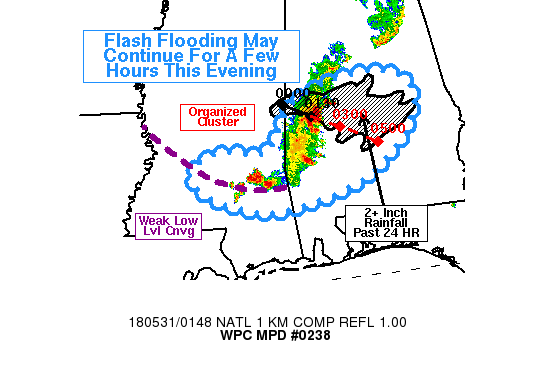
AREAS AFFECTED...SOUTH-CENTRAL ALABAMA...SOUTH-CENTRAL MISSISSIPPI

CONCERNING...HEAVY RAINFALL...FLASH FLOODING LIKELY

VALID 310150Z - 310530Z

SUMMARY...SLOW-MOVING THUNDERSTORMS SHOULD PERSIST FOR AT LEAST A
COUPLE MORE HOURS THIS EVENING AND POSE A THREAT FOR FLASH
FLOODING. RAIN RATES APPROACHING 2 IN/HR AND THE POTENTIAL FOR
HEAVY RAIN DURATION OVER AN HOUR WOULD BE CAPABLE OF PRODUCING
FLASH FLOODING...PARTICULARLY IN AREAS THAT RECENTLY RECEIVED
HEAVY RAINFALL LAST NIGHT.

DISCUSSION...REGIONAL RADAR SHOWED SEVERAL ACTIVE CONVECTIVE
CLUSTERS AS OF 0130Z. ONE WAS A PERSISTENT LARGE CLUSTER JUST
NORTH OF KDYA IN WC AL...AND ANOTHER WAS A DEVELOPING CLUSTER OVER
SC MS JUST TO THE NORTH OF HATTIESBURG. RECENT TRENDS IN GOES-EAST
IR CLOUD TOP TEMPERATURES AND TOTAL LIGHTNING DO NOT SHOW RAPID
WEAKENING DESPITE THE LOSS OF DAYLIGHT...BUT A GENERAL WEAKENING
AND CONTRACTION OF CONVECTIVE COVERAGE IS EXPECTED AS THE BOUNDARY
LAYER BEGINS TO STABILIZE. HOWEVER...UNTIL THAT HAPPENS...THERE
WILL BE A THREAT OF FLASH FLOODING GIVEN RADAR ESTIMATED RAIN
RATES ALREADY ON THE ORDER OF 2 IN/HR AT TIMES.

THE CLUSTER OF STORMS JUST NORTH OF KDYA IS PROPAGATING ALONG THE
EDGE OF AN AREA THAT RECEIVED VERY HEAVY RAINFALL (2+ INCHES) IN
THE PAST 24 HOURS WITH SUBSTANTIALLY REDUCED FLASH-FLOOD GUIDANCE.
AS LONG AS THIS CLUSTER PERSISTS AND REMAINS RELATIVELY WIDE
(ABOUT 15 NM ALONG-TRACK AT THE MOMENT)...IT WOULD POSE THE THREAT
FOR AROUND AN HOUR OR MORE OF HEAVY RAINFALL AND FLASH FLOODING
GIVEN THE VERY WET ANTECEDENT CONDITIONS FROM AROUND 15 MILES
NORTH OF DEMOPOLIS AL TO NEAR MONTGOMERY AL.

THE CONVECTION IN SC MS IS SHOWING A PROPENSITY TO BACKBUILD AND
THUS REMAIN RELATIVELY STATIONARY FOR AROUND 40-80 MINUTES AT A
TIME...SUFFICIENT TO PRODUCE A QUICK 2-4 INCHES OF RAIN IN
LOCALIZED AREAS. CONTINUED NEW BURSTS OF LIGHTNING AND
OVERSHOOTING COLD CLOUD TOPS ON GOES-16 IR SATELLITE SUGGEST THAT
THIS BACKBUILDING PROCESS MAY CONTINUE FOR ANOTHER COUPLE HOURS IN
THE VICINITY OF A WEAK SURFACE TROUGH AND LOW-LEVEL CONVERGENCE
ZONE ANALYZED OBJECTIVELY BY THE RAP MODEL. GIVEN THE SIGNIFICANT
RAIN RATES AND STORM MOTIONS...LOCALIZED FLASH FLOODING WOULD ALSO
BE POSSIBLE IN THESE PORTIONS OF MISSISSIPPI.